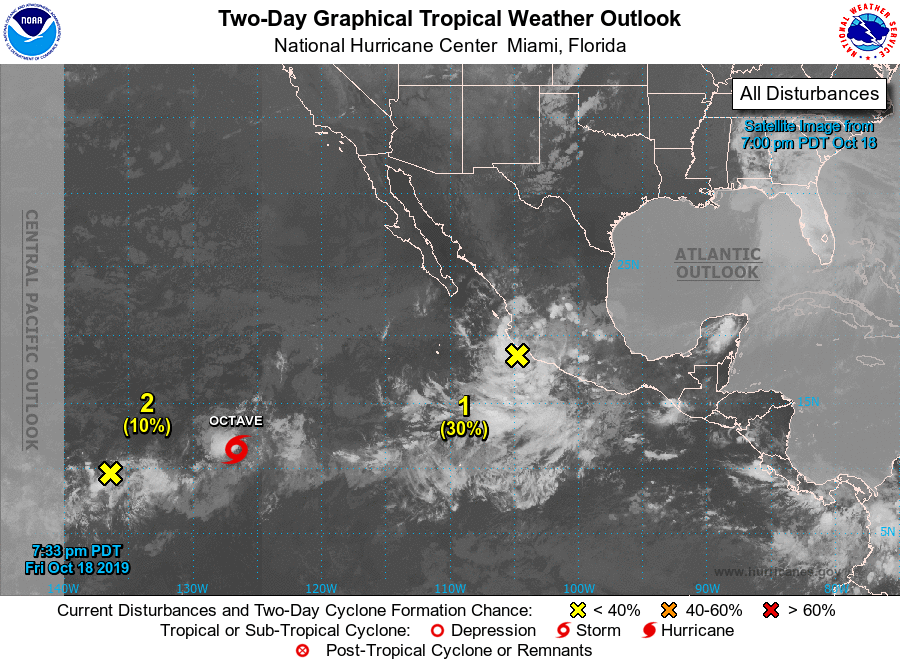
For the eastern North Pacific...east of 140 degrees west longitude:

The National Hurricane Center is issuing advisories on Tropical Storm Octave, located over the southwestern portion of the eastern Pacific basin.

1. An elongated area of disturbed weather is located near the west-central coast of Mexico. A weak low pressure system is expected to develop near the coast on Saturday and some slight development is possible before the system moves inland and dissipates by late Sunday. Regardless of development, heavy rainfall associated with this disturbance could produce flash flooding and mudslides across portions of Michoacan, Colima, and Jalisco, especially in areas of mountainous terrain, during the next few days.
* Formation chance through 48 hours...low...30 percent.
* Formation chance through 5 days...low...30 percent.

2. A small low pressure system has developed over the far southwestern portion of the East Pacific basin. Although the low is currently producing no organized shower or thunderstorm activity, environmental conditions could become a little more conducive for development over the weekend, and some slow development is possible while the system drifts westward.
* Formation chance through 48 hours...low...10 percent.
* Formation chance through 5 days...low...10 percent.

Forecaster Zelinsky